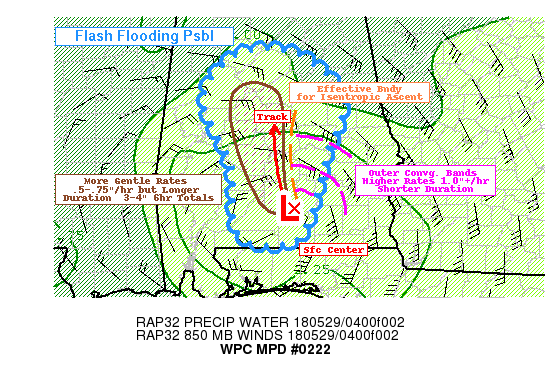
AREAS AFFECTED...CENTRAL AND SOUTHERN ALABAMA...

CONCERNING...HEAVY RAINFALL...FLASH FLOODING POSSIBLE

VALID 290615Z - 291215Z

SUMMARY...SUB-TROPICAL DEPRESSION ALBERTO CONTINUES TO TRACK
SLOWLY N TO NNE.  HEAVIEST/LONGEST DURATION LEFT OF TRACK.

DISCUSSION...RECENT TRENDS SHOW WARMING TOPS TO THE REMAINING
CLOUD SHIELD AS BEST DPVA FOR MESOSCALE SHORTWAVE IS NOW ALONG THE
EASTERN SIDE ROTATING NORTH.  AS SUCH...NEW CONVECTION IS
DEVELOPING TO THE NORTH OF THE SURFACE CIRCULATION CURRENTLY ALONG
BUTLER/CRENSHAW COUNTY LINE.  INFLOW OF SLIGHTLY INCREASED
INSTABILITY TRANSPORTED OFF THE GULF IS STARTING TO CONVECT ON
MULTIPLE BANDS NORTH (WITH THE INNER MOST SUPPORTING THE
DEEPEST/COLDEST TOPS ATTM). RAP ANALYSIS DEPICTS THIS HIGHER
THETA-E AIR NOSING NORTH WITH MUCAPES AOA 500 J/KG.  AS SUCH THIS
CONVECTIVE BANDS WILL HAVE GREATER DEPTH OF RAINFALL PRODUCTION
WITH THE CAPABILITY OF HIGHER RATES PERHAPS AS HIGH AS 1-1.25"/HR.
 HOWEVER...DURATION WILL BE MORE LIMITED AND NOT LIKELY TO EXCEED
SHORTER (1-3 HR) HIGH FFG VALUES IN THE REGION.  STILL MULTIPLE
BANDS (CURRENTLY APPEARS TO BE 3 OR 4) AS THEY LIFT NORTH ARE
LIKELY TO LEAD TO SOME REPEATING OVER THE NEXT 6HRS.

AN EFFECTIVE BOUNDARY EXTENDS NEARLY DUE NORTH OF THE SURFACE LOW
AND IS GENERALLY PARALLEL TO THE EXPECTED NORTHWARD TRACK.
 CONVECTION WILL CROSS AND LIFT ENHANCING A BROADER MODERATE TO
HEAVY RAINFALL SHIELD ON THE LEFT SIDE OF THE FORECAST TRACK.
RAIN RATES MY BE REDUCED TO .5-.75"/HR ON THIS LEFT SIDE BUT
BROADER ZONE OF ISENTROPIC ASCENT WILL LEAD TO A LARGER EXPANSE OF
THE SHIELD LEADING TO LONGER DURATION ALLOWING FOR TOTALS OF 3-4"
OVER THE NEXT 6HRS TO PERSIST.  LIKE THE LAST 6HRS...THIS WILL
NEAR OR BARELY EXCEED THE HIGHER 6HR FFG VALUES BUT NOT THE
SHORTER DURATION VALUES...SUGGESTING FLASH FLOODING WILL BE MORE
THROUGH INUNDATION THAT RAPID RISE THREATS.